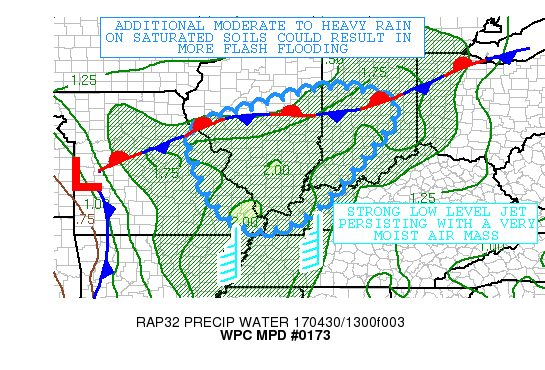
AREAS AFFECTED...EASTERN MO...SOUTHERN/CENTRAL IL...WEST-CENTRAL
IN

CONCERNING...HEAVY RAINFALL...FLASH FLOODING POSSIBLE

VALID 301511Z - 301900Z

SUMMARY...ADDITIONAL MODERATE TO HEAVY RAIN WILL FALL OVER
SATURATED SOILS ACROSS PORTIONS OF THE MIDWEST DURING THE NEXT FEW
HOURS...WHICH COULD LEAD TO MORE FLASH FLOODING.

DISCUSSION...BANDS OF THUNDERSTORMS ASSOCIATED WITH A STRONG
FRONTAL SYSTEM MOVING ACROSS THE MIDDLE MISSISSIPPI VALLEY INTO
THE WESTERN OHIO VALLEY SHOULD PRODUCE HOURLY RAIN RATES LOCALLY
EXCEEDING 1"...WITH ANOTHER 1-2.5" OF RAIN DURING THE NEXT FEW
HOURS. THIS MODERATE TO HEAVY RAIN WILL FALL OVER AREAS OF
SATURATED SOILS EXTENDING EAST-NORTHEAST FROM WESTERN MO INTO
WEST-CENTRAL IN...WHERE 3-HOUR FFG VALUES ARE MAINLY LESS THAN
1-1.5".

CONVERGENT LOW LEVEL FLOW WITH WIND SPEEDS AROUND 45 KT AT 850 MB
WILL CONTINUE FOR SEVERAL HOURS...TRANSPORTING A VERY MOIST AIR
MASS INTO A STATIONARY FRONT ACROSS THE REGION. PRECIPITABLE WATER
REMAINS IN THE RANGE OF 1.75-2". RADAR AND SATELLITE IMAGERY SHOW
MORE CONVECTIVE DEVELOPMENT OVER THE MISSISSIPPI VALLEY BETWEEN
AR/TN WHICH SHOULD MOVE INTO THE REGION OF CONCERN. SPC MESOSCALE
ANALYSES SHOW MUCAPE OF 500-2000 J/KG ACROSS THE AREA...AND THOUGH
DECREASING SLIGHTLY...IT SHOULD REMAIN SUFFICIENT TO SUSTAIN AREAS
OF MODERATE TO HEAVY RAIN. IN ADDITION...UPPER LEVEL DIFFLUENCE IS
FORECAST TO INCREASE A BIT AS THE UPPER LEVEL TROUGH AND ITS JET
APPROACH FROM THE CENTRAL TO SOUTHERN PLAINS.

THE RAP AND HRRR MODELS INDICATE THAT ANOTHER 1-2.5" RAIN WILL
FALL LOCALLY THROUGH 19Z. GIVEN THE HIGH SOIL SATURATION...RECENT
RAINS...AND LOW FFG VALUES...ADDITIONAL FLASH FLOODING IS POSSIBLE.